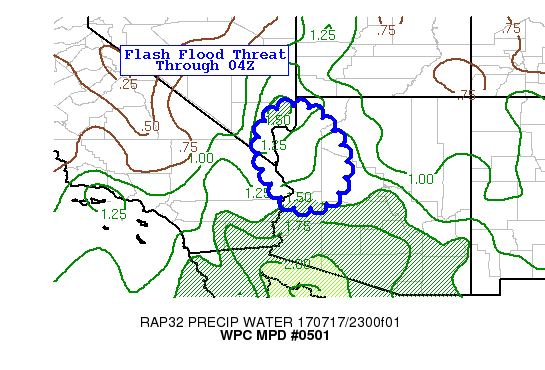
AREAS AFFECTED...NWRN AZ INTO SRN NV

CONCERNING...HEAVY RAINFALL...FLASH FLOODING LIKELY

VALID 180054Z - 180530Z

SUMMARY...FLASH FLOODING REMAINS LIKELY IN THE NEAR TERM OVER NWRN
AZ PERHAPS EXTENDING INTO FAR SWRN NV AND NERN CA...BUT GRADUAL
WEAKENING IS ANTICIPATED THROUGH 04-05Z.

DISCUSSION...KESX RADAR SHOWED NUMEROUS SMALL CORES OF HEAVY RAIN
ONGOING OVER WRN COCONINO INTO ERN MOHAVE COUNTY AT 0030Z WITH
ESTIMATED RAINFALL RATES OF 1-2 IN/HR. ADJUSTMENTS FOR INCREASED
SURFACE TEMPERATURES TO THE SSE OF LAS VEGAS ON THE 00Z RAOB
INDICATE 2000 J/KG OF CAPE IS PRESENT JUST WEST OF THE ONGOING
THUNDERSTORM ACTIVITY...HIGHER THAN WHAT IS SEEN IN THE RAP AND
HRRR. PRECIPITABLE WATER VALUES VARY QUITE A BIT BUT RANGE FROM
1.1 TO 1.7 INCHES PER A COMBINATION OF GPS SITES...EXPERIMENTAL
GOES TPW AND THE 00Z RAOB FROM VEF. 00Z UPPER AIR PLOTS SHOW THE
CONVECTION IS OCCURRING DIRECTLY BENEATH A MID-UPPER LEVEL RIDGE
WHICH PUTS INTO QUESTION THE ABILITY FOR CONVECTION TO SUSTAIN
ITSELF THROUGH THE NIGHT...HOWEVER GOES 15 INFRARED IMAGERY CLOUD
TOPS OF -60 TO -70C COVER A SIZABLE PORTION OF NWRN AZ.

WHILE RECENT RUNS OF THE HRRR AND EXPERIMENTAL HRRR INITIALIZE THE
ONGOING AREA OF CONVECTION WELL...THEY APPEAR TO BE WEAKENING THE
CONVECTION TOO SOON...PERHAPS DUE TO UNDERFORECASTING INSTABILITY
OR OVERFORECASTING CIN. HOWEVER...GIVEN A LACK OF BETTER KINEMATIC
SUPPORT...IT IS EXPECTED THAT THE CONVECTION WILL BEGIN TO WEAKEN
AND PERHAPS DISSIPATE BY ABOUT 04Z OR 05Z. SHORT TERM TRENDS
SUPPORT CONTINUED FLASH FLOODING FOR THE NEXT 1-2 HOURS AT
LEAST...WITH SOME UNCERTAINTY BEYOND THAT TIME FRAME. TRENDS WILL
CONTINUE TO BE WATCHED.